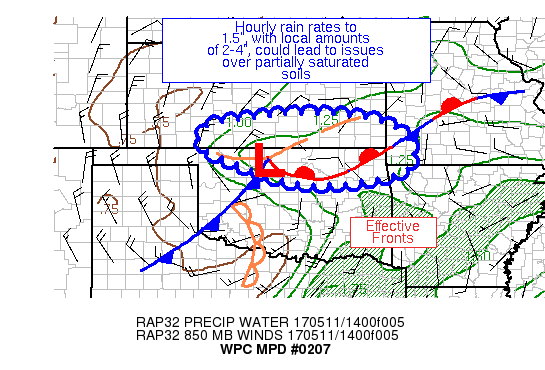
AREAS AFFECTED...PORTIONS OF THE KS/OK BORDER

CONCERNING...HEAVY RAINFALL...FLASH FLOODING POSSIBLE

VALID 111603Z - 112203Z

SUMMARY...CONVECTION HAS BEGUN TO FORM ALONG THE WESTERN KS/OK
BORDER AS CIN ERODES ACROSS THE REGION.  HOURLY RAIN RATES UP TO
1.5", WITH LOCAL AMOUNTS OF 2-4", COULD LEAD TO ISSUES OVER
PARTIALLY SATURATED SOILS.

DISCUSSION...AN INVERTED TROUGH FROM A WAVE OF LOW PRESSURE IN
NORTH CENTRAL OK HAS CAUSED A THUNDERSTORM TO FORM ALONG THE
WESTERN OK/KS BORDER -- AN INITIAL SIGN THAT CIN IS ERODING ACROSS
THE REGION.  PRECIPITABLE WATER VALUES ARE 1-1.4" PER GPS
INFORMATION FROM 12-13Z, CONFIRMED BY 12Z UPPER AIR FLIGHTS IN THE
AREA.  INFLOW AT 850 HPA IS 25-40 KTS FROM THE WARM SECTOR, WHERE
MLCAPES ARE 1000-2000 J/KG.  BULK SHEAR IN THE 0-6 KM LAYER IS
30-50 KTS PER RECENT SPC MESOANALYSES.

THE EXPECTATIONS ARE FOR MORE THUNDERSTORM ACTIVITY TO FORM AND
EXPAND EASTWARD NEAR THE KS/OK BORDER AS CIN FURTHER ERODES.
THUNDERSTORMS WITH HEAVY RAIN ARE EXPECTED TO TRACK INITIALLY
EAST-NORTHEAST AT 25 KTS BEFORE TURNING MORE EASTWARD WITH TIME.
WITH WEAKENING 850-400 HPA WINDS ACROSS THE AREA, THUNDERSTORMS
ARE EXPECTED TO BE QUITE EFFICIENT AT PRODUCING HEAVY RAIN WITH
SLOWER MOVING PULSE ACTIVITY BEING FORCED TO MERGE INTO QUICKER
MOVING MORE ORGANIZED CELLS.  CELL TRAINING SHOULD BECOME AN
INCREASING CONCERN WITH TIME.  RECENT SATELLITE IMAGERY INDICATES
THAT THE BOUNDARY ACROSS NORTHEAST OK SHOULD SHIFT UP TOWARDS THE
KS BORDER IN THE THERMAL FIELD OVER THE NEXT HOUR OR TWO WHERE
DIFFERENTIAL HEATING SHOULD TAKE OVER BETWEEN CLOUDY AND
INCREASINGLY PARTLY CLOUDY REGIONS, WHICH SHOULD BE THE PRIMARY
FOCUS.  THE MESOSCALE GUIDANCE SHOWS RELATIVELY GOOD AGREEMENT ON
THE SCENARIO AND RAINFALL PATTERN EXPECTED.  HOURLY RAIN RATES UP
TO 1.5", WITH LOCAL AMOUNTS OF 2-4", COULD LEAD TO FLASH FLOODING.